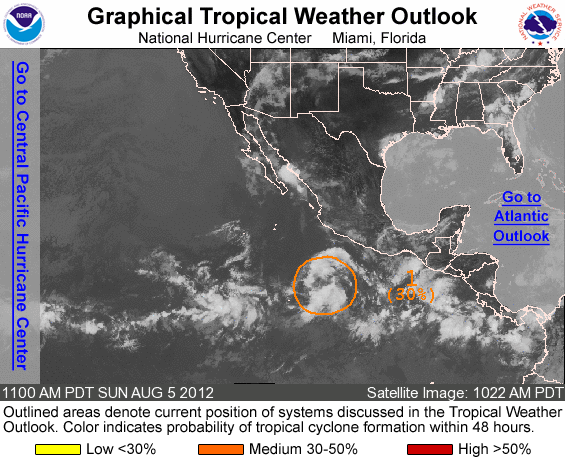
FOR THE EASTERN NORTH PACIFIC...EAST OF 140 DEGREES WEST LONGITUDE..

1. SHOWERS AND THUNDERSTORMS HAVE INCREASED NEAR A TROPICAL WAVE AND ASSOCIATED LOW PRESSURE AREA LOCATED ABOUT 475 MILES SOUTHWEST OF ACAPULCO. FURTHER DEVELOPMENT OF THIS SYSTEM IS POSSIBLE AS IT MOVES WEST-NORTHWESTWARD AT 10 TO 15 MPH. THIS SYSTEM HAS A MEDIUM CHANCE...30 PERCENT...OF BECOMING A TROPICAL CYCLONE DURING THE NEXT 48 HOURS.

ELSEWHERE...TROPICAL CYCLONE FORMATION IS NOT EXPECTED DURING THE NEXT 48 HOURS.

FORECASTER BLAKE